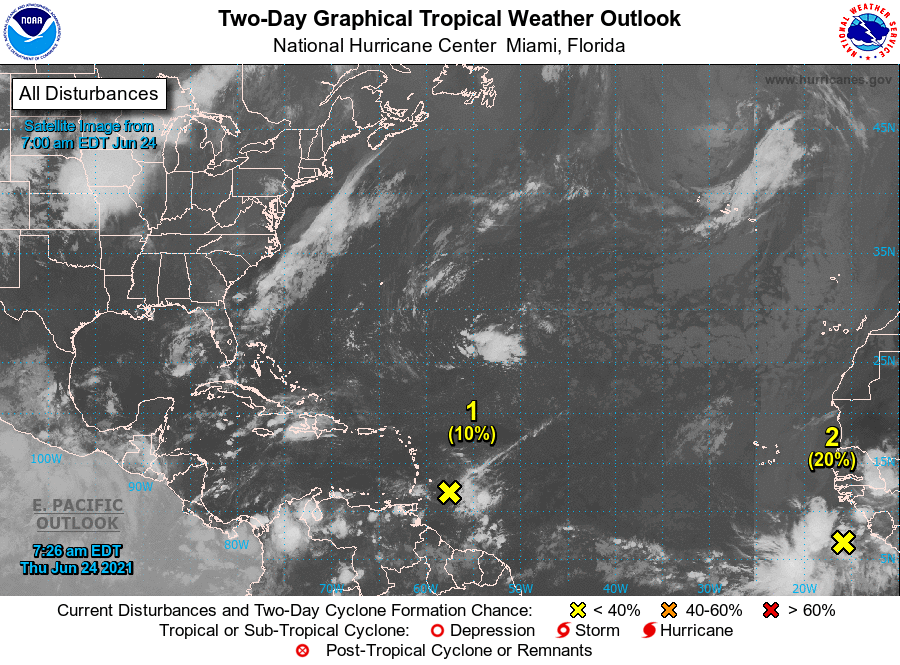
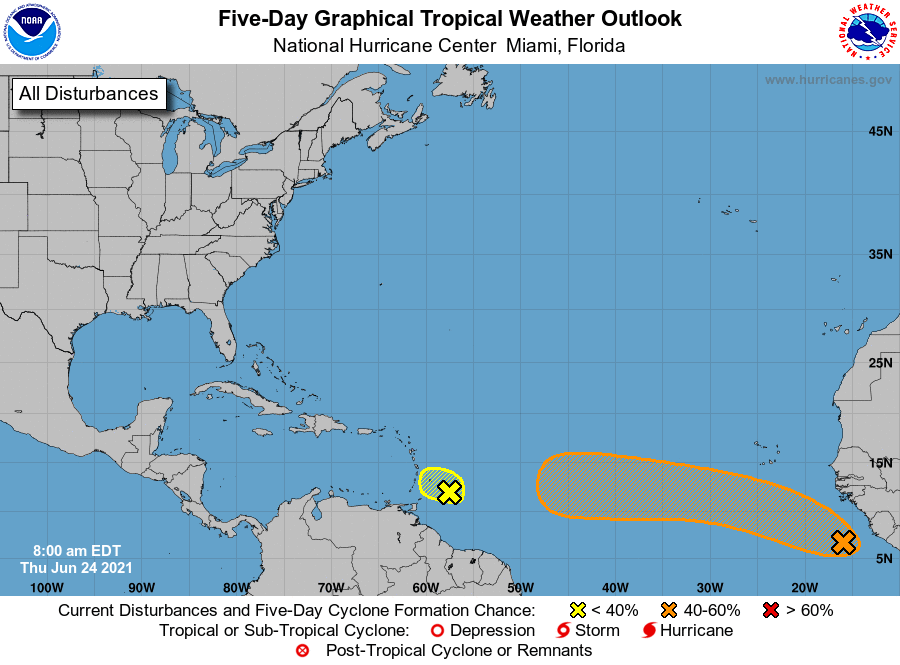
For the North Atlantic...Caribbean Sea and the Gulf of Mexico:

1. Disorganized shower and thunderstorm activity is decreasing this morning to the east of a small area of low pressure located more than 100 miles east-southeast of Barbados. Increasing upper-level winds are likely to prevent further development of this system during the next couple of days while it moves west-northwestward at about 10 mph. This disturbance could produce increased shower activity and some gusty winds while moving across the Lesser Antilles over the next couple of days.
* Formation chance through 48 hours...low...10 percent.
* Formation chance through 5 days...low...10 percent.

2. A strong tropical wave has emerged just off the coast of Africa this morning. Although ocean temperatures are still relatively cool over the tropical Atlantic Ocean and are only marginally conducive for development, a small tropical depression could form by early next week while this system moves westward to west-northwestward at about 15 mph across the tropical eastern and central Atlantic Ocean.
* Formation chance through 48 hours...low...20 percent.
* Formation chance through 5 days...medium...40 percent.

Forecaster Papin/Cangialosi